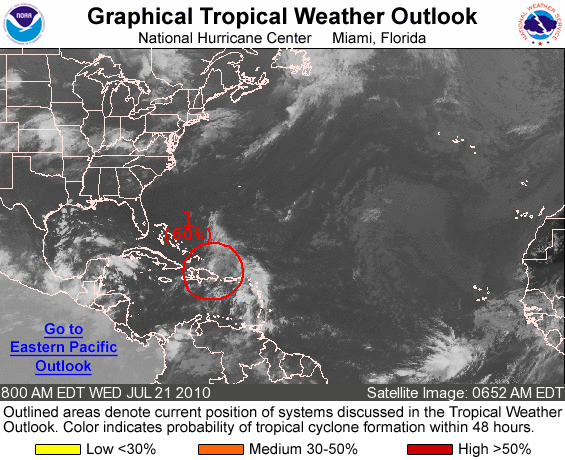
FOR THE NORTH ATLANTIC...CARIBBEAN SEA AND THE GULF OF MEXICO...

1. EARLY MORNING SATELLITE IMAGES INDICATE THAT THE SHOWER ACTIVITY ASSOCIATED WITH THE TROPICAL WAVE MOVING ACROSS HISPANIOLA HAS BECOME LESS ORGANIZED. CONSEQUENTLY...THE AIR FORCE RECONNAISSANCE MISSION HAS BEEN POSTPONED UNTIL TOMORROW. A TROPICAL DEPRESSION IS NOT EXPECTED TO FORM TODAY BUT ENVIRONMENTAL CONDITIONS ARE STILL FAVORABLE FOR SOME DEVELOPMENT AS THE SYSTEM MOVES TOWARD THE WEST-NORTHWEST AT ABOUT 10 MPH AWAY FROM HISPANIOLA INTO THE BAHAMAS ON THURSDAY. THERE IS A HIGH CHANCE...60 PERCENT...OF THIS SYSTEM BECOMING A TROPICAL CYCLONE DURING THE NEXT 48 HOURS. REGARDLESS OF DEVELOPMENT...LOCALLY HEAVY RAINS AND GUSTY WINDS WILL CONTINUE TO AFFECT THE VIRGIN ISLANDS...PUERTO RICO AND HISPANIOLA TODAY AND WILL LIKELY SPREAD OVER THE TURKS AND CAICOS ISLANDS...AND THE BAHAMAS DURING THE NEXT COUPLE OF DAYS. THE HEAVY RAINS COULD CAUSE LIFE-THREATENING FLASH FLOODS AND MUD SLIDES IN MOUNTAINOUS AREAS.

ELSEWHERE...TROPICAL CYCLONE FORMATION IS NOT EXPECTED DURING THE NEXT 48 HOURS.

FORECASTER AVILA